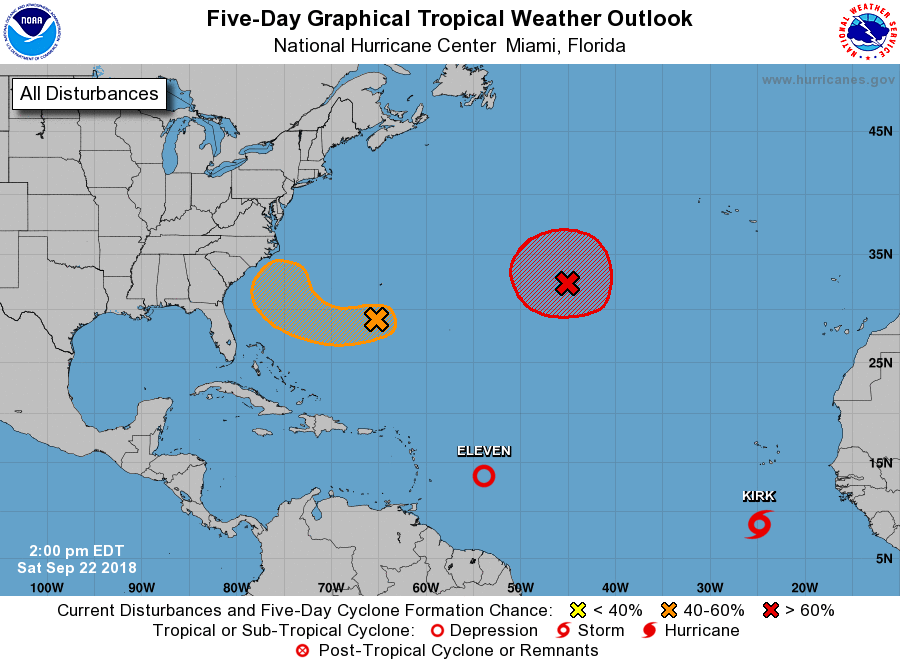
For the North Atlantic...Caribbean Sea and the Gulf of Mexico:

The National Hurricane Center is issuing advisories on Tropical Depression Eleven, located about 500 miles east of the Windward Islands, and on newly formed Tropical Storm Kirk, located well south of the Cabo Verde Islands.

1. A broad area of low pressure located about 200 miles south of Bermuda is now producing some disorganized shower and thunderstorm activity. Strong upper-level winds and dry air are expected to limit development for the next day or so, but conditions could become more conducive for some development of this system by early next week while it moves westward and west-northwestward over the southwestern Atlantic Ocean. By the middle of next week, upper-level winds are likely to increase again, which would limit additional development as the system turns northward and moves closer to the southeastern coast of the United States.
* Formation chance through 48 hours...low...20 percent.
* Formation chance through 5 days...medium...40 percent.

2. A frontal non-tropical low pressure system is located about 1000 miles west-southwest of the Azores. Conditions are expected to become conducive for this low to acquire subtropical or tropical characteristics during the next day or so, and a subtropical or tropical cyclone is likely to form by early next week while the low meanders over the central Atlantic Ocean. For more information on this system, see High Seas Forecasts issued by the National Weather Service.
* Formation chance through 48 hours...medium...60 percent.
* Formation chance through 5 days...high...70 percent.

Public Advisories on Tropical Depression Eleven are issued under WMO header WTNT31 KNHC and under AWIPS header MIATCPAT1. Forecast/Advisories on Tropical Depression Eleven are issued under WMO header WTNT21 KNHC and under AWIPS header MIATCMAT1.

Public Advisories on Kirk are issued under WMO header WTNT32 KNHC and under AWIPS header MIATCPAT2. Forecast/Advisories on Kirk are issued under WMO header WTNT22 KNHC and under AWIPS header MIATCMAT2.

High Seas Forecasts issued by the National Weather Service can be found under AWIPS header NFDHSFAT1, WMO header FZNT01 KWBC, and on the Web at https://ocean.weather.gov/shtml/NFDHSFAT1.shtml.

Forecaster Brennan